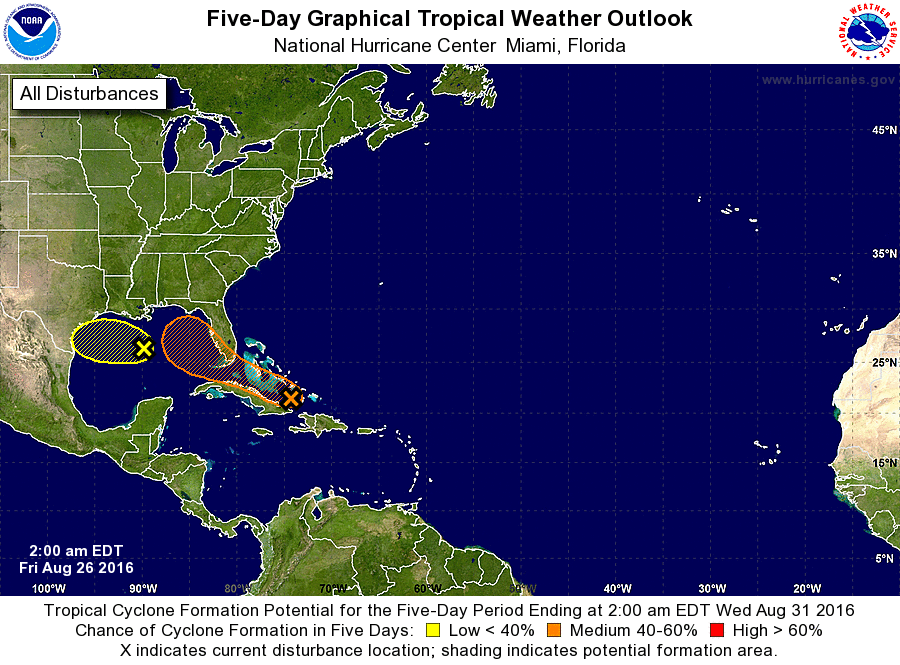
For the North Atlantic...Caribbean Sea and the Gulf of Mexico:

The National Hurricane Center is issuing advisories on Tropical Storm Gaston, located about 1100 miles east-northeast of the Leeward Islands.

1. A broad area of low pressure associated with a tropical wave is located between the southeastern Bahamas and the northeastern coast of Cuba. The low is producing disorganized showers and thunderstorms mainly to its south and east, and upper-level winds are not expected to be particularly conducive for development during the next day or so while this system moves more slowly toward the west-northwest at about 10 mph. However, environmental conditions could become a little more conducive for development over the weekend or early next week while the system moves through the Straits of Florida and into the eastern Gulf of Mexico.

Regardless of development, heavy rains, with the potential to cause flash floods and mud slides, are likely over Hispaniola and eastern and central Cuba during the next couple of days. Gusty winds and locally heavy rainfall are also possible over portions of the Bahamas during the next few days. Interests in South Florida and the Florida Keys should continue to monitor the progress of this disturbance since some impacts, such as heavy rains and gusty winds, could begin over weekend and continue through early next week.
* Formation chance through 48 hours...low...30 percent
* Formation chance through 5 days...medium...60 percent

2. An area of disturbed weather is located over the northern portion of the Gulf of Mexico. Surface pressures in this area are high at the moment, and little to no development of this system is expected before it reaches the coast of Texas over the weekend.
* Formation chance through 48 hours...low...10 percent
* Formation chance through 5 days...low...10 percent

Forecaster Berg